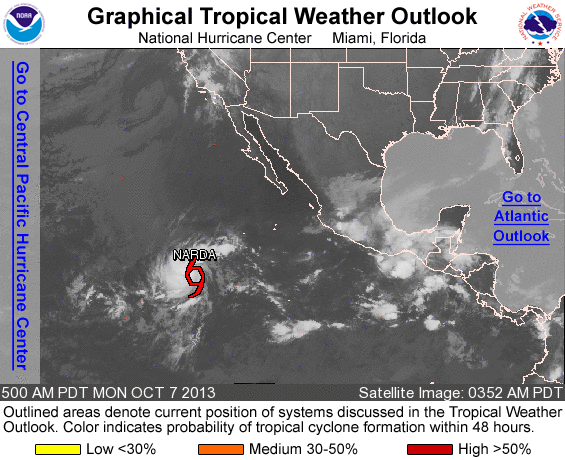
FOR THE EASTERN NORTH PACIFIC...EAST OF 140 DEGREES WEST LONGITUDE..

THE NATIONAL HURRICANE CENTER IS ISSUING ADVISORIES ON TROPICAL STORM NARDA...LOCATED WELL SOUTHWEST OF THE SOUTHERN TIP OF THE BAJA CALIFORNIA PENINSULA.

TROPICAL CYCLONE FORMATION IS NOT EXPECTED DURING THE NEXT 48 HOURS.

OTHER SYSTEMS WITH FORMATION POTENTIAL BEYOND 48 HOURS...

A BROAD AREA OF LOW PRESSURE COULD FORM SEVERAL HUNDRED MILES SOUTHWEST OF THE SOUTHWESTERN COAST OF MEXICO IN A FEW DAYS...AND ENVIRONMENTAL CONDITIONS APPEAR FAVORABLE FOR SOME SLOW DEVELOPMENT OF THIS LOW LATER THIS WEEK. THIS SYSTEM HAS A LOW CHANCE...NEAR 0 PERCENT...OF BECOMING A TROPICAL CYCLONE DURING THE NEXT 48 HOURS...AND A LOW CHANCE...20 PERCENT...OF BECOMING A TROPICAL CYCLONE DURING THE NEXT FIVE DAYS WHILE IT MOVES WEST-NORTHWESTWARD AT 10 TO 15 MPH.

&&
PUBLIC ADVISORIES ON NARDA ARE ISSUED UNDER WMO HEADER WTPZ34 KNHC AND UNDER AWIPS HEADER MIATCPEP4. FORECAST/ADVISORIES ON NARDA ARE ISSUED UNDER WMO HEADER WTPZ24 KNHC AND UNDER AWIPS HEADER MIATCMEP4.

FIVE-DAY FORMATION PROBABILITIES ARE EXPERIMENTAL IN 2013. COMMENTS ON THE EXPERIMENTAL FORECASTS CAN BE PROVIDED AT...

HTTP://WWW.NWS.NOAA.GOV/SURVEY/NWS-SURVEY.PHP?CODE=ETWO

FORECASTER KIMBERLAIN